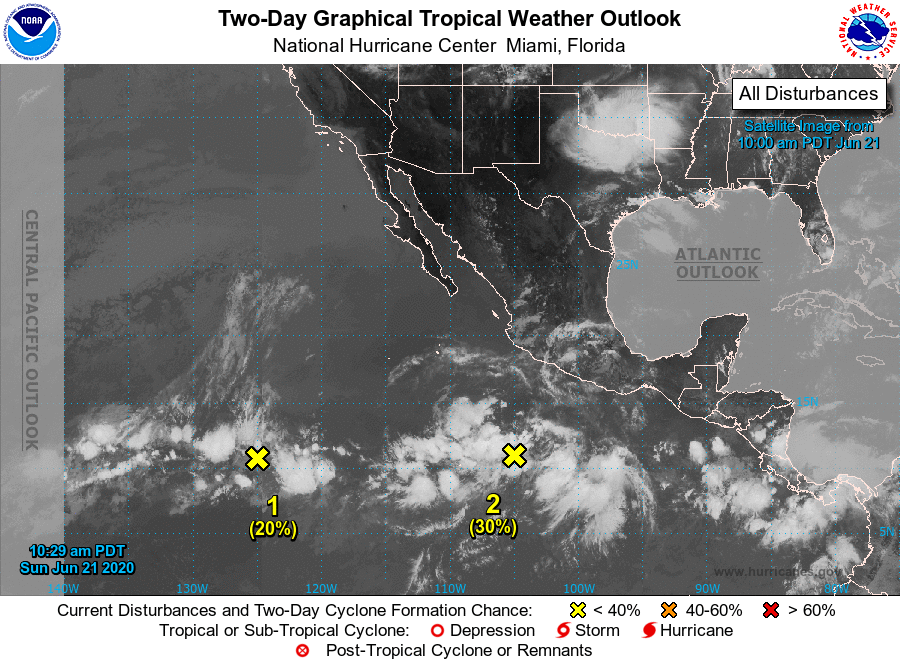
For the eastern North Pacific...east of 140 degrees west longitude:

1. A broad area of low pressure located more than 1000 miles southwest of the southern tip of the Baja California peninsula continues to produce disorganized showers and thunderstorms. Environmental conditions are expected to be conducive for some gradual development of this system during the next few days while the disturbance moves generally westward.
* Formation chance through 48 hours...low...20 percent.
* Formation chance through 5 days...medium...40 percent.

2. Showers and thunderstorms associated with a broad area of low pressure located several hundred miles south of Manzanillo, Mexico, are beginning to show some signs of organization. Environmental conditions are forecast to be conducive for gradual additional development, and a tropical depression could form by the middle of this week while the disturbance moves westward, away from the coast of Mexico.
* Formation chance through 48 hours...low...30 percent.
* Formation chance through 5 days...medium...50 percent.

3. Another area of disturbed weather is forecast to form south of the coast of Mexico by the middle of this week. Additional development is expected to occur after that time, and the system could become a tropical depression by late this week as the disturbance moves west-northwestward parallel to the coast of Mexico.
* Formation chance through 48 hours...low...near 0 percent.
* Formation chance through 5 days...medium...50 percent.

Forecaster Brown